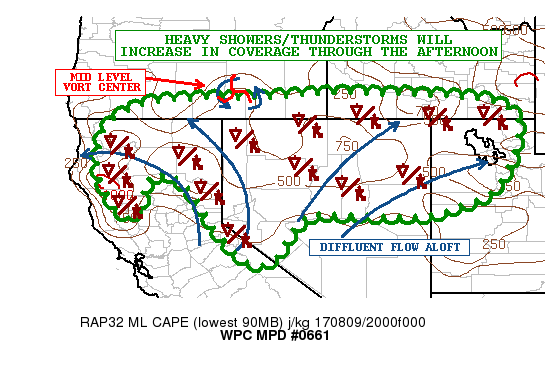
AREAS AFFECTED...CENTRAL/NORTHERN CA...SOUTHERN OR...SOUTHERN
ID...CENTRAL/NORTHERN NV...NORTHWEST UT

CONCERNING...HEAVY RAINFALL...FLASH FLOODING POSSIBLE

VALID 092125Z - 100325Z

SUMMARY...SLOW-MOVING SHOWERS AND THUNDERSTORMS WITH RAINFALL
AMOUNTS OF UP TO 1.5 INCHES/HR ARE EXPECTED THIS AFTERNOON AND
INTO THE EARLY EVENING HOURS. SOME FLASH FLOODING IS POSSIBLE.

DISCUSSION...A COMPACT MID LEVEL VORT CENTER IS SEEN IN GOES-WEST
WV IMAGERY ALONG NEAR THE INTERSECTION OF THE BORDERS OF CA/NV/OR
AND IS WITHIN A SOMEWHAT BROADER UPPER TROUGH THAT IS STRETCHED
OUT ACROSS THE GREAT BASIN. THIS ENERGY IS COUPLING WITH
SUFFICIENT BOUNDARY LAYER INSTABILITY AND MOISTURE PROFILES FOR
SOME SCATTERED CLUSTERS OF HEAVY SHOWERS AND THUNDERSTORMS. IN
FACT...THE PWATS ARE ACTUALLY QUITE ANOMALOUS OVER NORTHERN CA AND
NORTHERN NV WHERE THEY ARE 2 TO 3 SIGMAS ABOVE NORMAL. THIS SHOULD
TEND TO SUPPORT RAINFALL AMOUNTS THAT MAY EXCEED 1.5 INCHES PER
HOUR. ALREADY SOME OF THE STRONGEST ACTIVITY APPEARS TO BE OVER
THE OROGRAPHICALLY FAVORED SHASTA/SISKIYOU RANGES AND THE
CENTRAL/NORTHERN SIERRA-NEVADA.

THE CONTINUATION OF STRONGER DIURNAL HEATING SHOULD ENHANCE
SURFACE BASED INSTABILITY FURTHER THROUGH THE AFTERNOON AND THIS
COUPLED MORE FAVORABLE MID LEVEL DYNAMICS/FORCING...AND ABOVE
NORMAL PWATS SHOULD RESULT IN AN INCREASE IN CONVECTIVE COVERAGE
THROUGH THE AFTERNOON AND INTO THE EARLY EVENING HOURS ACROSS MUCH
OF THE GREAT BASIN AND ADJACENT HIGH TERRAIN.

THE 12Z NSSL-WRF APPEARS TO HAVE THE BETTER HANDLE ON THE CURRENT
LEVEL OF CONVECTION AND IT WOULD SUGGEST RAINFALL AMOUNTS OF
LOCALLY AS MUCH AS 2 INCHES WITH THE STRONGER THUNDERSTORM CORES.
HOWEVER...SOME ISOLATED HEAVIER AMOUNTS TO OVER 3 INCHES CANNOT BE
RULED OUT GIVEN THE SLOW CELL MOTION. SOME FLASH FLOODING WILL BE
POSSIBLE AS A RESULT.